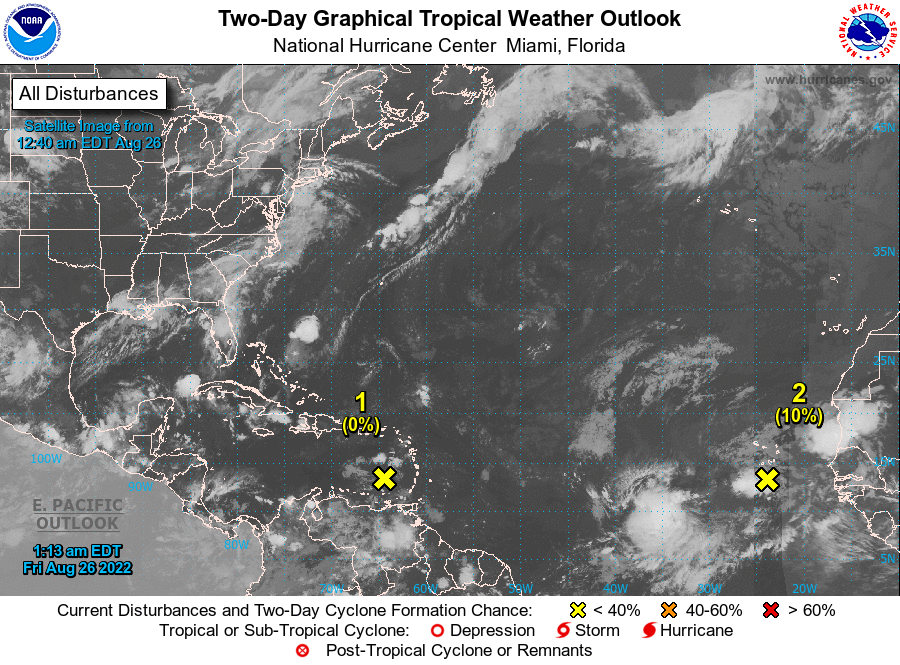
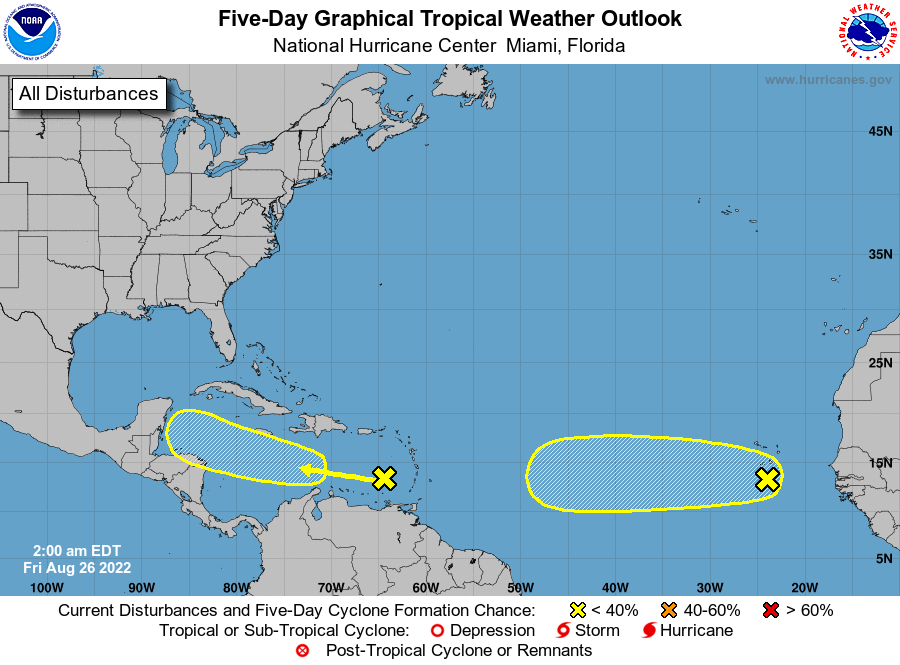
For the North Atlantic...Caribbean Sea and the Gulf of Mexico:

1. Easrern Caribbean Sea: A trough of low pressure located over the eastern Caribbean Sea is producing minimal shower and thunderstorm activity. This system is expected to move westward at about 15 mph during the next several days, and environmental conditions could become more conducive for slow development when it moves across the central and western Caribbean Sea by early next week.
* Formation chance through 48 hours...low...near 0 percent.
* Formation chance through 5 days...low...20 percent.

2. Eastern Tropical Atlantic: A tropical wave located near and south of the Cabo Verde Islands is producing a large area of disorganized showers and thunderstorms. Environmental conditions could support some slow development of this system through early next week while it moves westward across the eastern and central tropical Atlantic at 15 to 20 mph.
* Formation chance through 48 hours...low...10 percent.
* Formation chance through 5 days...low...20 percent.

Forecaster Beven